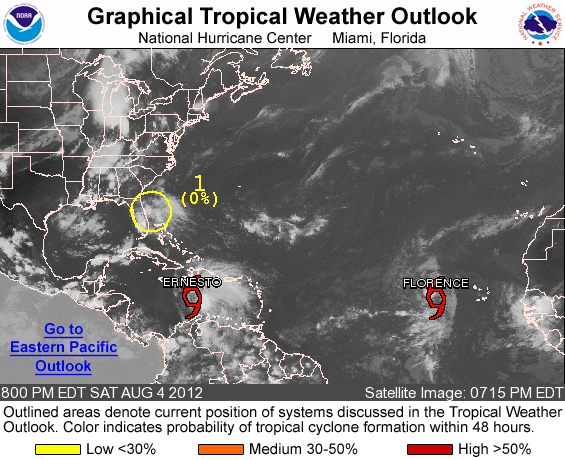
FOR THE NORTH ATLANTIC...CARIBBEAN SEA AND THE GULF OF MEXICO...

THE NATIONAL HURRICANE CENTER IS ISSUING ADVISORIES ON TROPICAL STORM ERNESTO LOCATED OVER THE SOUTH-CENTRAL CARIBBEAN SEA ABOUT 260 MILES SOUTH-SOUTHWEST OF SANTO DOMINGO DOMINICAN REPUBLIC...AND ON TROPICAL STORM FLORENCE LOCATED OVER THE EASTERN ATLANTIC OCEAN ABOUT 515 MILES WEST OF THE CAPE VERDE ISLANDS.

1. DISORGANIZED SHOWERS AND THUNDERSTORMS CONTINUE ACROSS THE FLORIDA PENINSULA AND WESTERN ATLANTIC WATERS NORTH OF THE NORTHWESTERN BAHAMAS IN ASSOCIATION WITH A WEAK AREA OF LOW PRESSURE. THE LOW IS MOVING INLAND NEAR CAPE CANAVERAL...AND FURTHER DEVELOPMENT IS NOT ANTICIPATED. HOWEVER...LOCALLY HEAVY RAIN AND GUSTY WINDS ARE POSSIBLE ACROSS PORTIONS OF THE FLORIDA PENINSULA THROUGH SUNDAY. THIS SYSTEM HAS A LOW CHANCE...NEAR 0 PERCENT...OF BECOMING A TROPICAL CYCLONE DURING THE NEXT 48 HOURS.

ELSEWHERE...TROPICAL CYCLONE FORMATION IS NOT EXPECTED DURING THE NEXT 48 HOURS.

&&
PUBLIC ADVISORIES ON TROPICAL STORM FLORENCE ARE ISSUED UNDER WMO HEADER WTNT31 KNHC AND UNDER AWIPS HEADER MIATCPAT1. FORECAST/ADVISORIES ON TROPICAL STORM FLORENCE ARE ISSUED UNDER WMO HEADER WTNT21 KNHC AND UNDER AWIPS HEADER MIATCMAT1.

FORECASTER KIMBERLAIN